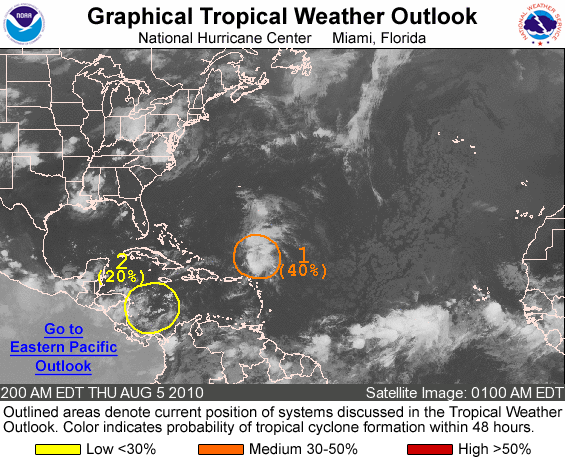
FOR THE NORTH ATLANTIC...CARIBBEAN SEA AND THE GULF OF MEXICO...

1. THE REMNANT OF TROPICAL STORM COLIN...A BROAD AREA OF LOW PRESSURE...IS LOCATED A COUPLE HUNDRED MILES NORTH OF THE NORTHERNMOST LEEWARD ISLANDS AND IS MOVING TOWARD THE NORTHWEST AT 20 TO 25 MPH. SATELLITE IMAGES INDICATE THAT THE ASSOCIATED CLOUD PATTERN CONTINUES TO SHOW SIGNS OF ORGANIZATION...BUT SURFACE OBSERVATIONS SUGGEST THAT IT LACKS A WELL-DEFINED CIRCULATION. TROPICAL STORM FORCE WINDS ARE LIKELY OCCURRING OVER WATER WELL TO THE NORTH-NORTHEAST OF THE LEEWARD ISLANDS AND ALTHOUGH UPPER-LEVEL WINDS ARE NOT FAVORABLE FOR SIGNIFICANT DEVELOPMENT...THE SYSTEM HAS THE POTENTIAL TO REGAIN TROPICAL STORM STATUS LATER TODAY OR ON FRIDAY. AN AIR FORCE RESERVE UNIT RECONNAISSANCE AIRCRAFT IS SCHEDULED TO INVESTIGATE THE AREA LATER TODAY IF NECESSARY. THERE IS A MEDIUM CHANCE...40 PERCENT...OF THIS SYSTEM BECOMING A TROPICAL CYCLONE DURING THE NEXT 48 HOURS.

2. A TROPICAL WAVE OVER THE WESTERN CARIBBEAN SEA CONTINUES TO PRODUCE DISORGANIZED CLOUDINESS AND THUNDERSTORMS. SOME DEVELOPMENT OF THIS DISTURBANCE IS POSSIBLE DURING THE NEXT DAY OR TWO BEFORE IT MOVES OVER CENTRAL AMERICA. THERE IS A LOW CHANCE...20 PERCENT... OF THIS SYSTEM BECOMING A TROPICAL CYCLONE DURING THE NEXT 48 HOURS.

ELSEWHERE...TROPICAL CYCLONE FORMATION IS NOT EXPECTED DURING THE NEXT 48 HOURS.

FORECASTER PASCH